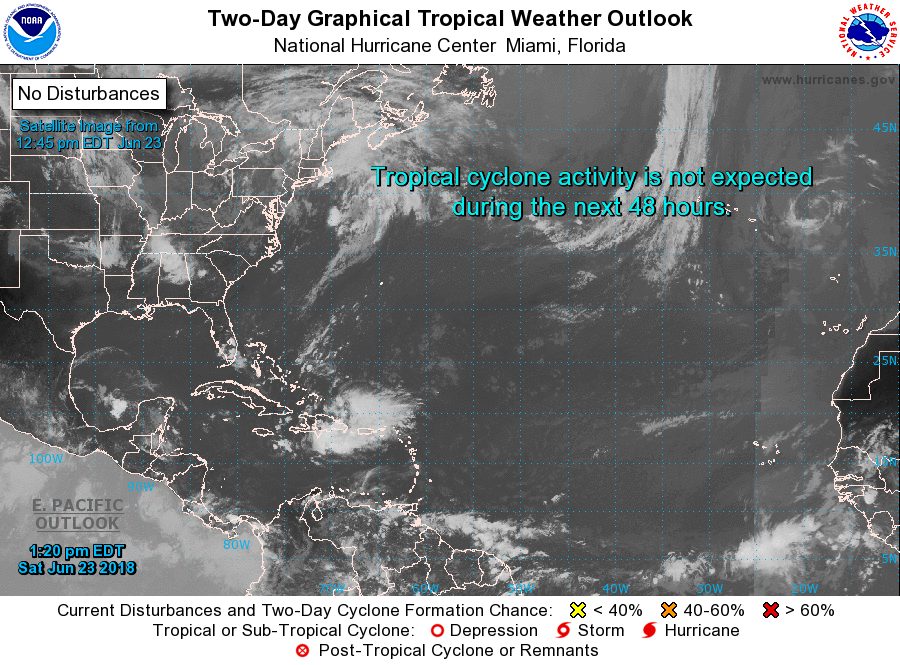
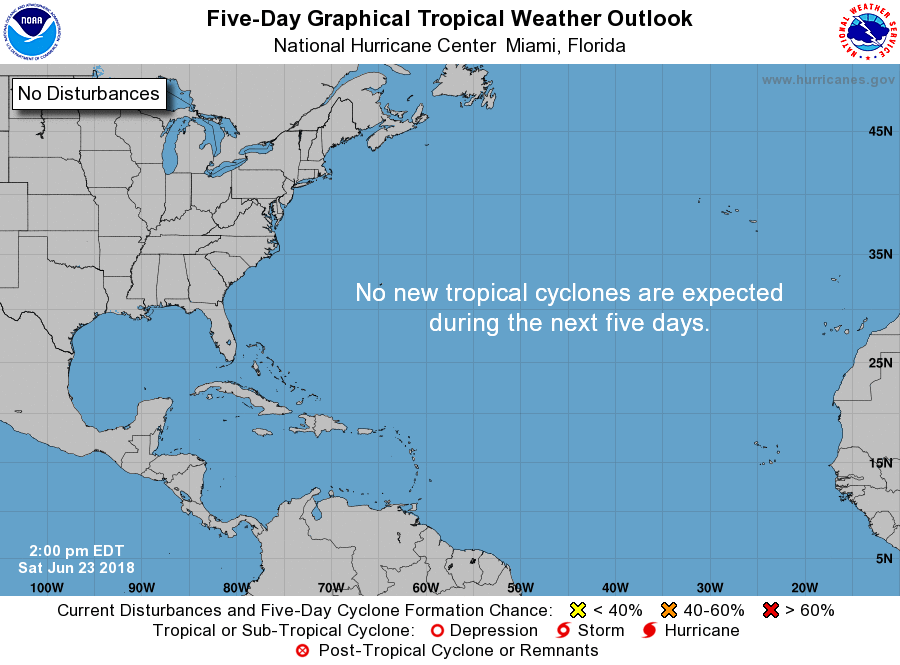
For the North Atlantic...Caribbean Sea and the Gulf of Mexico:

Tropical cyclone formation is not expected during the next 5 days.

Forecaster Brown